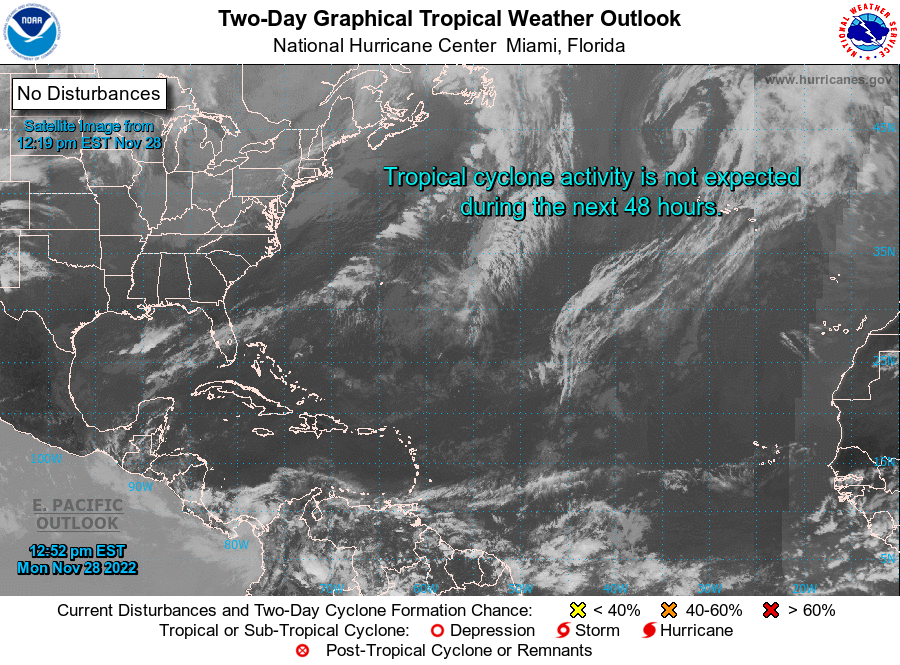
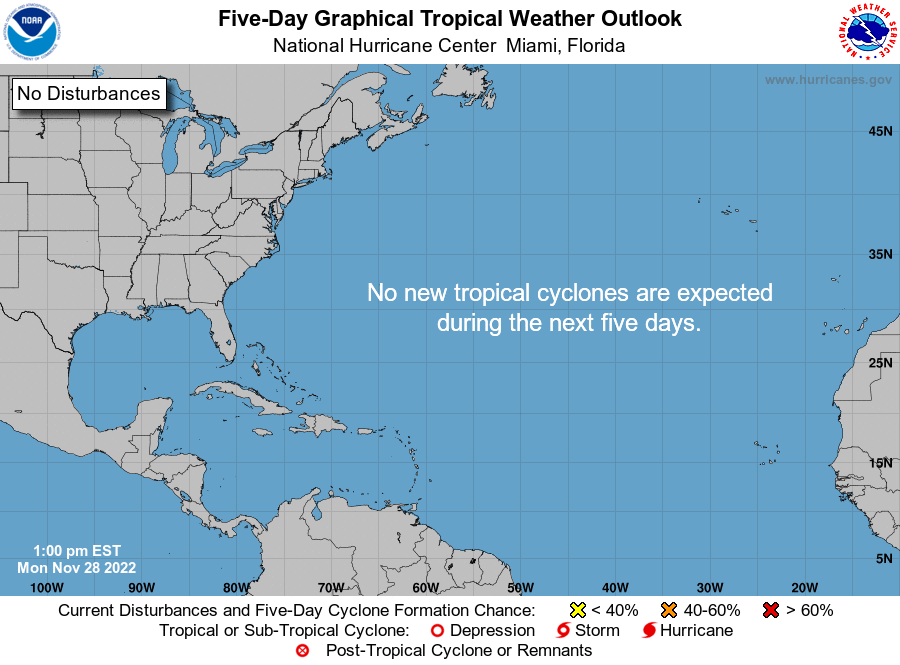
For the North Atlantic...Caribbean Sea and the Gulf of Mexico:

Tropical cyclone formation is not expected during the next 5 days.

Forecaster Pasch